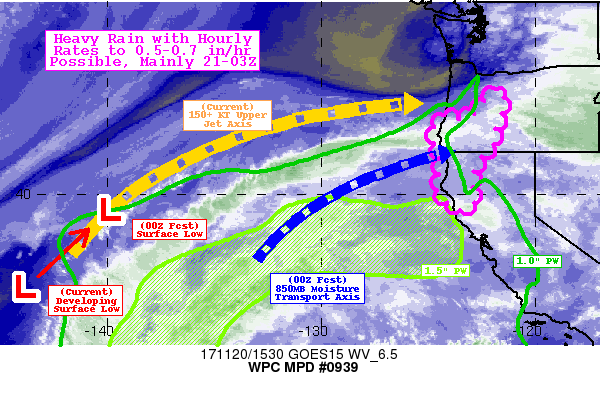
AREAS AFFECTED...SW OREGON...NW CALIFORNIA

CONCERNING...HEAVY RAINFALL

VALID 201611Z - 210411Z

SUMMARY...ANOTHER SURGE OF ATMOSPHERIC MOISTURE INTO THIS
AFTERNOON ALONG THE COASTS OF NORTHERN CALIFORNIA AND OREGON
SHOULD LEAD TO A ROUND OF HEAVY RAIN WITH RAINFALL RATES POSSIBLY
REACHING UP TO 0.5 TO 0.7 IN/HR IN FAVORED UPSLOPE REGIONS.
ISOLATED 12-HR RAIN TOTALS IN EXCESS OF 3 INCHES ARE EXPECTED IN
UPSLOPE REGIONS OF THE KLAMATH MOUNTAINS THROUGH THE EVENING.

DISCUSSION...REGIONAL RADARS SHOW A RELATIVE LULL IN PRECIPITATION
ACROSS PORTIONS OF SOUTHWEST OREGON AND NORTHERN CALIFORNIA AS OF
15Z. HOWEVER...ADDITIONAL MODERATE TO OCCASIONALLY HEAVY RAIN IS
LIKELY TO DEVELOP THIS AFTERNOON WITH ANOTHER SURGE OF MORE
SUBSTANTIAL ATMOSPHERIC MOISTURE INTO THE REGION. CIRA BLENDED TPW
PRODUCT SHOWS A LARGE RIBBON OF 1.5 INCH PW SITUATED JUST
OFFSHORE...EXTENDING FROM NEAR POINT ARENA ON THE NORTH COAST OF
CALIFORNIA...TO AROUND 36N/135W OFFSHORE. LOW-LEVEL CYCLOGENESIS
APPEARS LIKELY TO COMMENCE OVER THE NEXT 6-12 HOURS NEAR THE
INFLECTION POINT IN THE CURVED BAND OF DEEPER CLOUD COVER (GREATER
BRIGHTNESS TEMPERATURES ON GOES-15 WATER VAPOR LOOPS) AND THE
ENTRANCE REGION OF AN ANTICYCLONICALLY CURVED 150+ KNOT UPPER
LEVEL JET STREAK. NUMERICAL MODELS ARE IN GOOD AGREEMENT WITH
THIS...AND ALSO SHOW INCREASING LOW-LEVEL FLOW DOWNSTREAM AND TO
THE EAST. BY 00Z A RIBBON OF ENHANCED LOW-LEVEL MOISTURE TRANSPORT
SHOULD BE NOSING INTO THE COASTLINE OF SW OREGON AND NW CALIFORNIA
WITH HIGHER PWS APPROACHING 1.5 INCHES (EXCEEDING THE 95TH
PERCENTILE CLIMATOLOGICALLY FOR THIS TIME OF YEAR).

MODELS INDICATE ONLY A BRIEF PERIOD (AROUND 6-12 HOURS) WHERE THE
LOW-LEVEL FLOW WILL BE MORE FAVORABLY ALIGNED IN A WEST-EAST
FASHION FOR STRONGER OROGRAPHIC LIFT AND PRECIPITATION
ENHANCEMENT. AFTER THAT...FLOW SHOULD BECOME MORE ALIGNED IN A
SOUTHWESTERLY DIRECTION AND PIVOT FURTHER UP THE COAST.
THEREFORE...AT ANY GIVEN LOCATION ALONG THE NW CA AND SW OR
COAST...THE DURATION OF HEAVY RAINFALL MAY NOT LAST MORE THAN A
FEW HOURS WITH THIS PARTICULAR EVENT. HOWEVER...HI-RES MODELS DO
INDICATE THAT 0.5 IN/HR RAIN RATES WILL BE LIKELY IN PORTIONS OF
THE REGION...PARTICULARLY IN THE KLAMATH MOUNTAINS CLOSER TO THE
COAST...BUT POSSIBLY EXTENDING INTO PORTIONS OF THE OREGON
CASCADES. 12Z HREF PROBABILITIES OF 0.5 IN/HR RAIN RATES REACH
50-70 PERCENT BETWEEN 21Z AND 03Z IN THE AFOREMENTIONED FAVORED
UPSLOPE REGIONS OF THE KLAMATH MOUNTAINS. THESE RAIN RATES COULD
BE HIGH ENOUGH TO CAUSE SOME FLOODING...PARTICULARLY NEAR BURN
SCARS AND OTHER TYPICALLY FLOOD-PRONE AREAS.